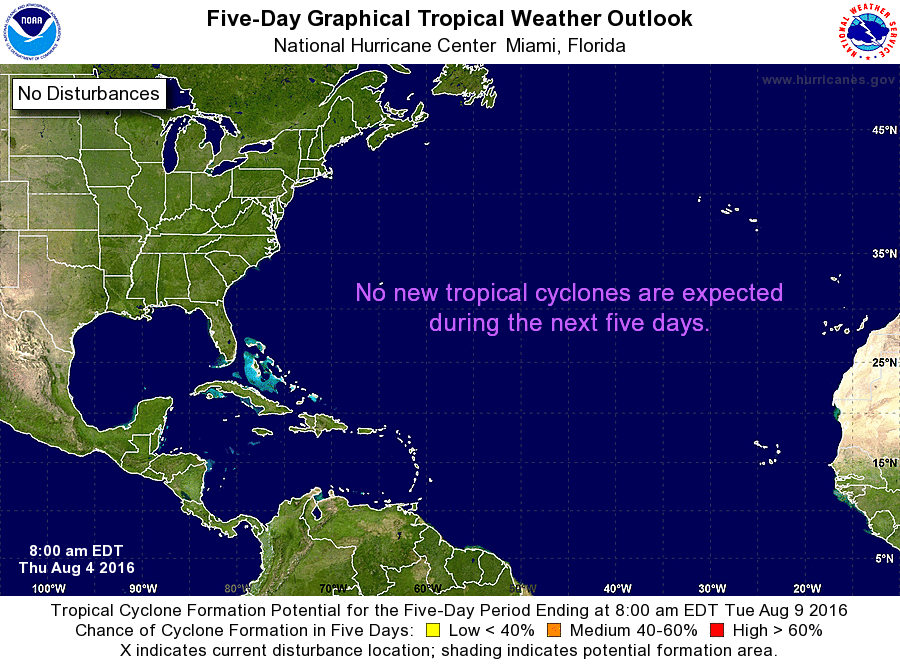
For the North Atlantic...Caribbean Sea and the Gulf of Mexico:

The National Hurricane Center is issuing advisories on Tropical Storm Earl, located over northern Guatemala.

Tropical cyclone formation is not expected during the next 5 days.

Forecaster Avila